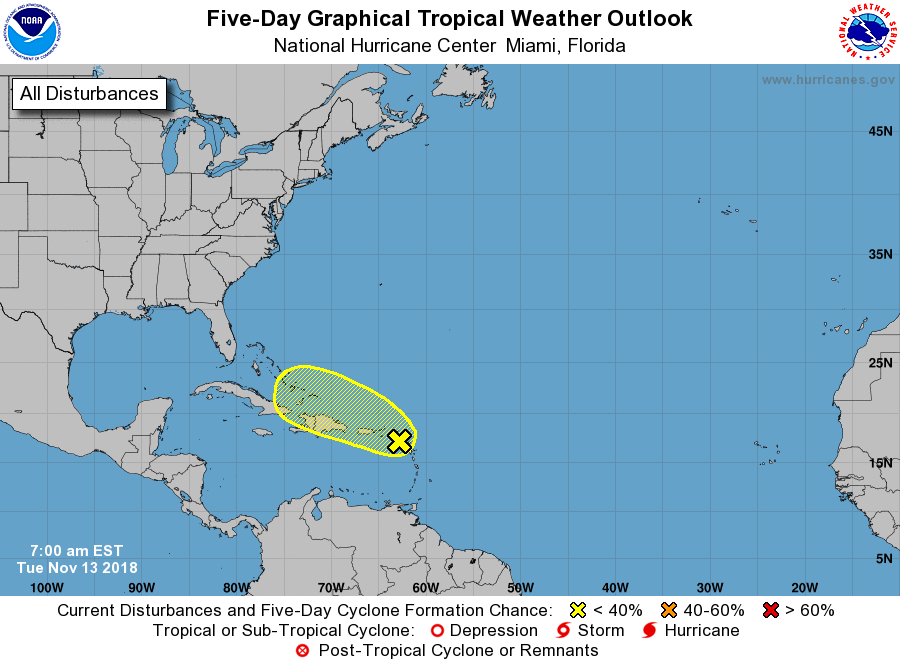
For the North Atlantic...Caribbean Sea and the Gulf of Mexico:

1. Disorganized showers and a few thunderstorms moving through the Leeward Islands are associated with a tropical wave interacting with an upper-level low. Strong upper-level winds and interaction with the islands of the Greater Antilles, while the system moves generally westward, should inhibit tropical cyclone formation. Regardless of development, this system is expected to bring locally heavy rainfall to portions of the Leeward Islands, the Virgin Islands, and Puerto Rico over the next few days.
* Formation chance through 48 hours...low...20 percent.
* Formation chance through 5 days...low...30 percent.

Forecaster Roberts